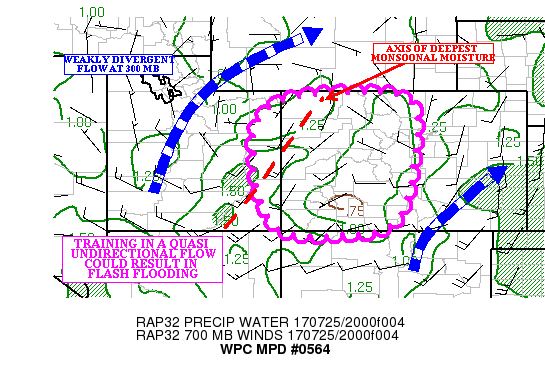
AREAS AFFECTED...WESTERN CO

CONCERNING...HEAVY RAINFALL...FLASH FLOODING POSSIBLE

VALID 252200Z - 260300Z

SUMMARY...SCATTERED CONVECTION DEVELOPING IN A POOL OF MONSOONAL
MOISTURE COULD TRAIN IN A QUASI UNIDIRECTIONAL FLOW THROUGH THE
EVENING HOURS.

DISCUSSION...REGIONAL RADARS ACROSS EASTERN UT AND CO SHOWED A
GENERAL INCREASE IN RADAR COVERAGE OF CONVECTION FORMING IN THE
EASTERNMOST BAND OF MONSOONAL MOISTURE. THE MOST RECENT RAP
ANALYSIS SHOWED AN AXIS OF 1.50 INCH PRECIPITABLE WATER AIR (WHICH
IS GREATER THAN THREE STANDARD DEVIATIONS ABOVE THE MEAN) ACROSS
FAR EASTERN UT INTO A PORTION OF NORTHWEST CO.

INSTABILITY IS RECOVERING AFTER CLOUDINESS OVER A PORTION OF
WESTERN CO LIMITED INSOLATION...BUT THE MOST RECENT EXPERIMENTAL
GOES-1R VISIBLE IMAGES SHOWED LARGE ENOUGH BREAKS FOR 500-1000
J/KG OF MLCAPE...AND THIS SHOULD BE SUFFICIENT TO ALLOW THE
SCATTERED CONVECTION TO INCREASE IN COVERAGE GOING INTO THE LATE
AFTERNOON. THE KGJX RADAR SHOWED POCKETS OF 0.75 INCH HOURLY
RAINFALL RATES OVER WESTERN CO... WITH A RAWS SITE SHOWING 1.13
INCHES IN AN HOUR RECENTLY WEST OF KGJT.

THE MOST RECENT RAP SUGGESTS THAT MOISTURE AND INSTABILITY REMAIN
AT THEIR CURRENT LEVELS INTO THE EARLY EVENING HOURS. A WEAKLY
DIVERGENT FLOW AT 300 MB SHOULD PROVIDE ENOUGH SYNOPTIC SCALE
ASCENT FOR A GRADUAL INCREASE IN COVERAGE. RAP MODEL SOUNDINGS
ACROSS WESTERN CO SHOWED WET BULB ZERO VALUES APPROACH THE
FREEZING LEVEL AS THE COLUMN MOISTENS...AND COULD ALLOW FOR
GREATER RAINFALL EFFICIENCY IN STORMS THAN IS TYPICAL FOR THIS
AREA.

WHILE THE OVERALL CONVECTIVE COVERAGE COULD LIMIT A GREATER FLASH
FLOOD THREAT...THE MOISTURE SHOULD BE DEEP ENOUGH FOR LOCAL HOURLY
RAINFALL RATES 1.00 TO 1.50 INCH... AND THE QUASI UNIDIRECTIONAL
FLOW SHOULD ALLOW FOR SHORT TERM TRAINING...INCREASING THE FLASH
FLOOD THREAT.

THE LOSS OF DAYTIME HEATING SHOULD ALLOW THE THREAT TO WANE AFTER
0300Z.